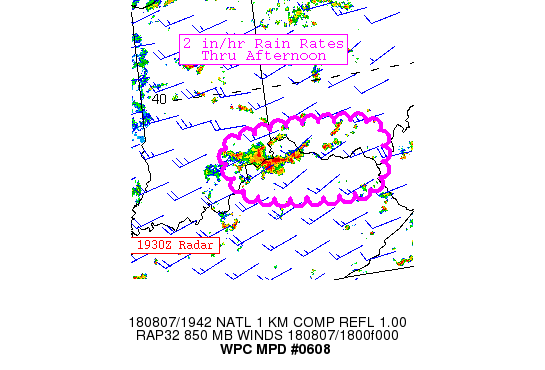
Areas affected...Central Ohio Valley

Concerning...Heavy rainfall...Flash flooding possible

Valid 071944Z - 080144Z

Summary...A developing line of heavy thunderstorms will continue
to progress east over the central Ohio Valley through the rest of
the afternoon making for a flash flood threat.

Discussion...Latest radar/satellite trends indicate increasing
thunderstorm coverage across southeast Indiana and far northern
Kentucky in deep southwest flow ahead of a trough axis over the
east-central Great Plains. Dewpoints are in the low 70s with 2
inch precipitable water values advecting across the area (a 1.5
standardized anomaly over normal). 1.5 inches of rain have been
estimated from nearby WSR-88Ds in the past hour. There is
potential for 2 inch per hour rain rates through the afternoon
with training cells allowing heavy rain to last more than an hour
in some locations.

Flash flood guidance lowers ahead of the current activity over
southern portions of Cincinnati and east (1.5-2in/hr) which is
taking on an orientation parallel to storm motion, raising the
spectre of training and flash flooding.